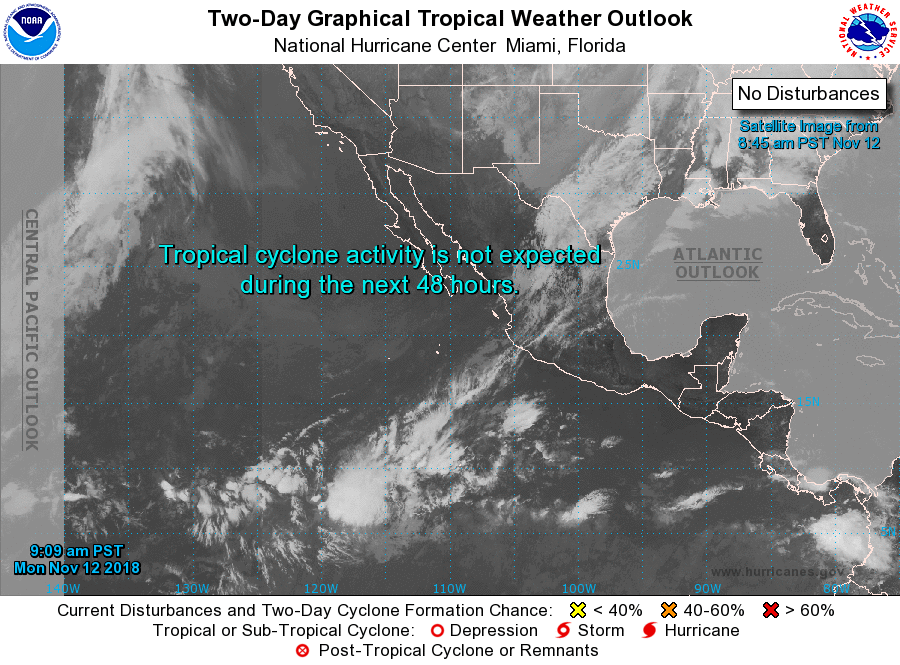
For the eastern North Pacific...east of 140 degrees west longitude:

Tropical cyclone formation is not expected during the next 5 days.

Forecaster Blake